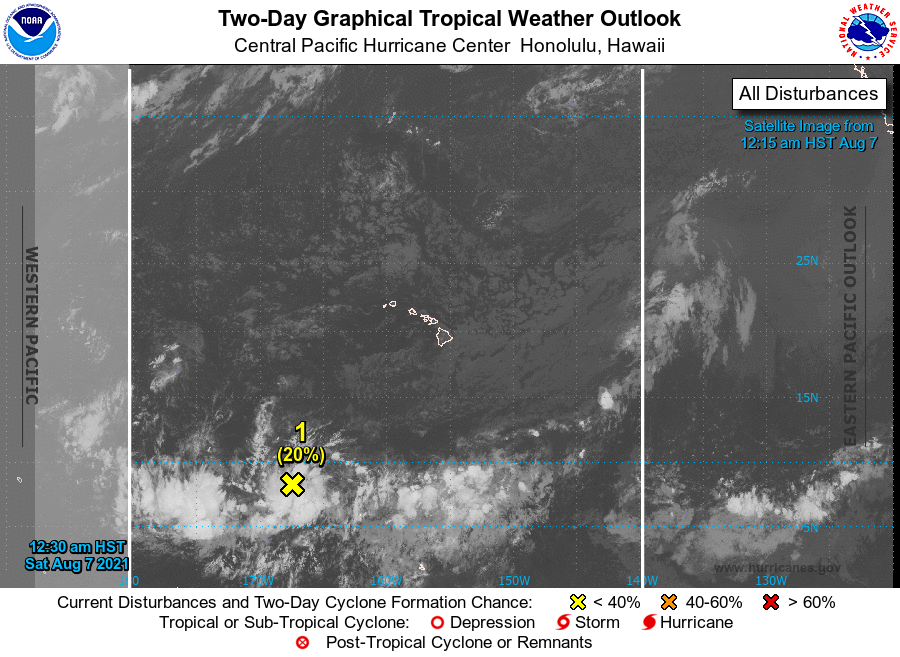
For the central North Pacific...between 140W and 180W:

The Central Pacific Hurricane Center has issued the last advisory on Post-Tropical Cyclone Jimena, located around 900 miles east of Hilo, Hawaii.

1. An area of disturbed weather located around 1100 miles south-southwest of Honolulu, Hawaii continues to produce a large area of disorganized showers and thunderstorms. Environmental conditions are forecast to remain conducive for some slow development of this system during the next several days as it moves west-northwest at 10 to 15 mph.
* Formation chance through 48 hours...low...20 percent.
* Formation chance through 5 days...low...30 percent.

Elsewhere, no tropical cyclones are expected during the next 5 days.

Forecaster Jelsema